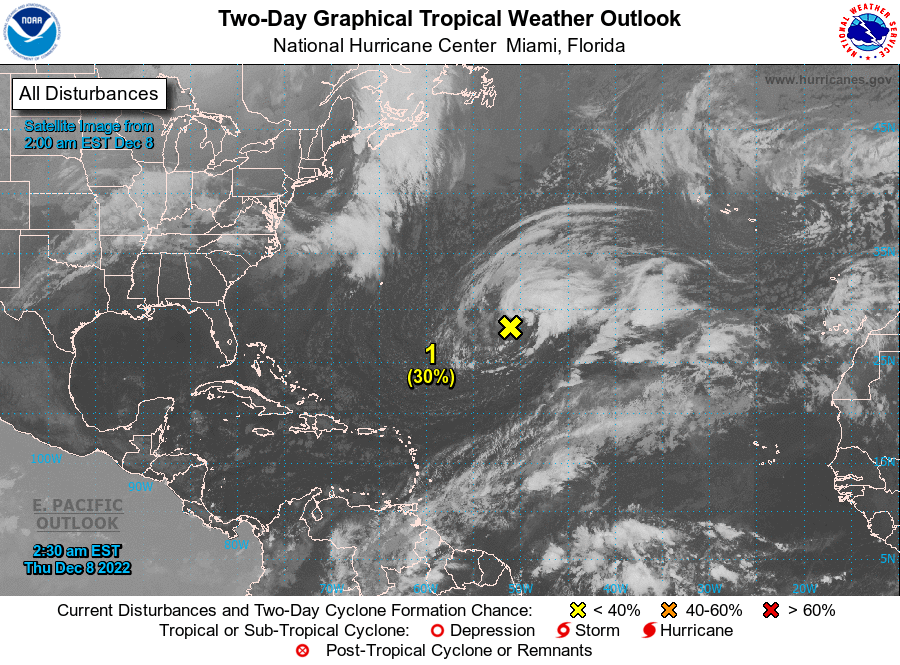
For the North Atlantic...Caribbean Sea and the Gulf of Mexico:

Special Tropical Weather Outlook issued to discuss the potential for subtropical development over the central Atlantic.

1. Central Subtropical Atlantic: Showers and thunderstorms have increased since last evening near a large non-tropical area of low pressure located over the central subtropical Atlantic about 850 miles east-southeast of Bermuda. However, the system remains embedded within a frontal zone, which is expected to become more pronounced later today as the low begins to move east-northeastward at 20 to 25 mph toward colder waters and interact with a mid-latitude trough. Therefore, while the system could show some subtropical characteristics today, its chances to fully transition to a subtropical or tropical cyclone appear to be decreasing. Nevertheless, significant non-tropical development of this low is expected during the next couple of days, and additional information, including hurricane-force wind warnings, can be found in High Seas Forecasts issued by the National Weather Service. The next Special Tropical Weather Outlook on this system will be issued by 9 AM EST Thursday.
* Formation chance through 48 hours...low...30 percent.
* Formation chance through 5 days...low...30 percent.

High Seas Forecasts issued by the National Weather Service can be found under AWIPS header NFDHSFAT1, WMO header FZNT01 KWBC, and online at ocean.weather.gov/shtml/NFDHSFAT1.php

Forecaster Berg